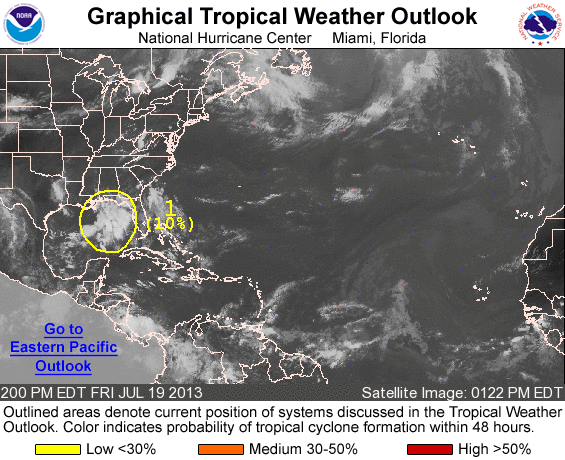
FOR THE NORTH ATLANTIC...CARIBBEAN SEA AND THE GULF OF MEXICO...

1. AN AREA OF CLOUDINESS AND THUNDERSTORMS OVER THE NORTHERN AND NORTHEASTERN GULF OF MEXICO IS ASSOCIATED WITH AN UPPER-LEVEL LOW PRESSURE AREA AND A SURFACE TROUGH. SLOW DEVELOPMENT OF THIS SYSTEM IS POSSIBLE BEFORE IT MOVES INLAND OVER THE NORTHERN GULF COAST ON SATURDAY. THIS SYSTEM HAS A LOW CHANCE...10 PERCENT...OF BECOMING A TROPICAL CYCLONE DURING THE NEXT 48 HOURS.

ELSEWHERE...TROPICAL CYCLONE FORMATION IS NOT EXPECTED DURING THE NEXT 48 HOURS.

FORECASTER BEVEN